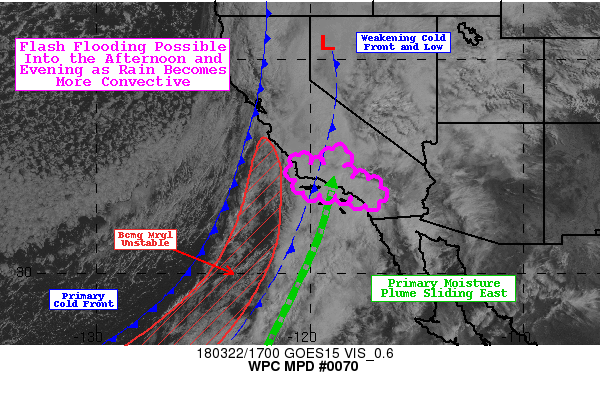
AREAS AFFECTED...PORTIONS OF SOUTHERN CALIFORNIA

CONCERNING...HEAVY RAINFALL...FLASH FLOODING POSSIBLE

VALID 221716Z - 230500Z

SUMMARY...STEADY RAIN ASSOCIATED WITH THE WANING ATMOSPHERIC RIVER
WILL PUSH EAST AND BEGIN TO DIMINISH...BUT MORE CONVECTIVE RAIN IS
EXPECTED DURING THE AFTERNOON AND EVENING HOURS IN ADVANCE OF THE
SYNOPTIC COLD FRONT. EVEN SHORT BURSTS OF HEAVY RAIN COULD BE
SUFFICIENT TO PRODUCE FLASH FLOODING...ESPECIALLY IN AND AROUND
RECENT BURN SCARS.

DISCUSSION...AS OF 17Z REGIONAL RADARS SHOWED A STEADIER
CONTIGUOUS AREA OF RAIN BECOMING INCREASINGLY CONFINED TO THE EAST
OF 119W LONGITUDE. THIS WAS ASSOCIATED WITH THE LINGERING
ATMOSPHERIC RIVER THAT WILL BE WANING THROUGH THE REST OF THE DAY
IN OVERALL INTENSITY. WHERE THE MOIST SSWLY FLOW WAS INTERCEPTING
THE COASTLINE...GPS OBSERVATIONS SHOWED PRECIPITABLE WATER VALUES
GENERALLY AROUND 1.1 TO 1.2 INCHES. SUCH VALUES ARE CLOSE TO MARCH
MAXIMUM OBSERVED VALUES ON AREA SOUNDING CLIMATOLOGIES. EMBEDDED
CLUSTERS AND BANDS OF HEAVIER RAIN WITHIN THE LARGER AREA OF RAIN
WERE PRODUCING RAINFALL RATES APPROACHING 0.25 IN/HR OUTSIDE AREAS
OF TERRAIN AND OCCASIONALLY EXCEEDING 0.50 IN/HR IN FAVORED
UPSLOPE REGIONS. THE HEAVIER RAIN RATES HAVE RECENTLY (15-17Z)
AFFECTED THE THOMAS FIRE BURN SCAR AREA IN VENTURA COUNTY. AS THIS
SHIFTS EAST THROUGH THE REST OF THE LATE MORNING HOURS AND INTO
THE EARLY AFTERNOON...OTHER BURN SCARS IN LOS ANGELES COUNTY MAY
BE AFFECTED.

FURTHER TO THE WEST...RAIN WAS BECOMING MORE CONVECTIVE IN A
REGION AHEAD OF THE SYNOPTIC COLD FRONT BUT BEHIND THE PRIMARY
AXIS OF THE ATMOSPHERIC RIVER. A COMBINATION OF SOME LINGERING
LOW-LEVEL MOISTURE AND INCREASING INSTABILITY WAS NOTED...WITH
PRECIPITABLE WATER VALUES ON THE CIRA BLENDED TPW PRODUCT STILL
AROUND 1 INCH AND OBJECTIVE RAP ANALYSIS INDICATING MARGINAL
INSTABILITY (100-500 J/KG MUCAPE). GOES-WEST VISIBLE SATELLITE
SHOWED A PATCH OF INCREASING CLEARING IN THIS REGION WITH A
CONVECTIVE CUMULUS LINE ALONG THE COLD FRONT OVER THE PACIFIC
OCEAN. PER WFO LOX...A SMALL CONVECTIVE BAND NEAR COASTAL SANTA
BARBARA COUNTY ALREADY PRODUCED RAIN RATES AROUND 0.4 IN/HR IN 30
MINUTES ON THE LEADING EDGE OF THIS TRANSITION TO A MORE
CONVECTIVE ENVIRONMENT...RIGHT AROUND THE SHERPA AND WHITTIER BURN
SCARS.

HI-RES MODELS SHOW A SIGNAL FOR INCREASINGLY CONVECTIVE RAIN INTO
THE AFTERNOON AND EVENING HOURS...WITH SMALLER BANDS. HOWEVER THEY
ALSO CONTINUE TO SHOW THE POTENTIAL FOR 0.5 INCHES OF RAIN IN
SHORT PERIODS OF TIME...SO THE THREAT OF FLASH FLOODING IS
EXPECTED TO CONTINUE...PARTICULARLY FOR RECENT BURN SCARS. SOME OF
THE CONVECTIVE SHOWERS (OR EVEN THUNDERSTORMS) MAY ONLY AFFECT A
GIVEN LOCATION FOR 15-30 MINUTES WITH THEIR SMALL SIZE...BUT THE
COMBINATION OF 1 INCH PWS AND MARGINAL INSTABILITY SHOULD BE
SUFFICIENT TO PRODUCE 0.25 TO 0.50 INCHES OF RAIN IN THAT SHORT
PERIOD OF TIME.

FLASH FLOODING AND DEBRIS FLOWS WILL THEREFORE BE POSSIBLE IN THE
VICINITY OF RECENT BURN SCARS...PARTICULARLY IN PORTIONS OF SANTA
BARBARA...VENTURA AND LOS ANGELES COUNTIES. WITH TIME THIS WILL
BECOME INCREASINGLY DEPENDENT ON THE SPECIFIC LOCATION AND MOTION
OF SMALL CONVECTIVE SHOWERS AND STORMS...BUT IF THEY ALIGN WITH
LARGER BURN SCARS (AND PARTICULARLY AREAS THAT HAVE ALREADY
RECEIVED HEAVY RAINFALL EARLIER TODAY) THEN MORE SIGNIFICANT FLASH
FLOODING COULD RESULT.